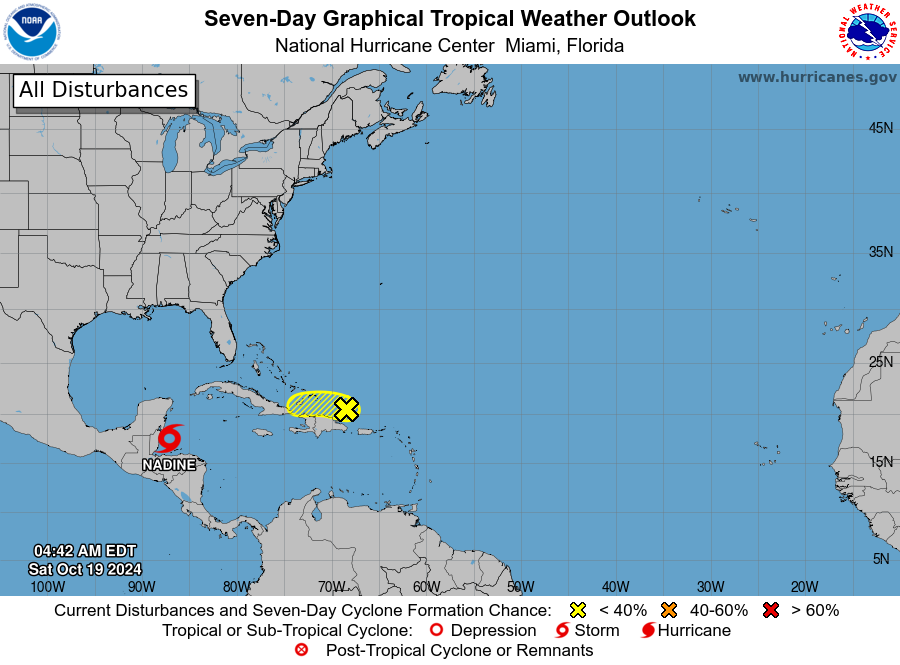
For the North Atlantic...Caribbean Sea and the Gulf of Mexico:

Active Systems: The National Hurricane Center is issuing advisories on newly formed Tropical Storm Nadine, located over the northwestern Caribbean Sea.

1. North of Hispaniola (AL94): Although showers and thunderstorms located a couple of hundred miles north of the northern coast of the Dominican Republic are still showing some signs of organization, recent satellite-derived wind data suggest that the system remains a surface trough without a closed circulation. Some gradual development of this system is possible this weekend while it moves generally westward at 10 to 15 mph, passing near Hispaniola, the Turks and Caicos Islands, the southeastern Bahamas, and extreme eastern Cuba. By early next week, further development is not expected due to strong upper-level winds.
* Formation chance through 48 hours...low...30 percent.
* Formation chance through 7 days...low...30 percent.

Public Advisories on Tropical Storm Nadine are issued under WMO header WTNT35 KNHC and under AWIPS header MIATCPAT5. Forecast/Advisories on Tropical Storm Nadine are issued under WMO header WTNT25 KNHC and under AWIPS header MIATCMAT5.

Forecaster Berg